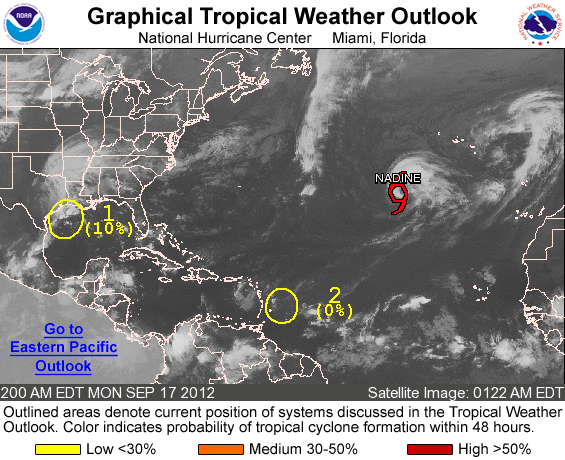
FOR THE NORTH ATLANTIC...CARIBBEAN SEA AND THE GULF OF MEXICO...

THE NATIONAL HURRICANE CENTER IS ISSUING ADVISORIES ON HURRICANE NADINE...LOCATED ABOUT 775 MILES WEST-SOUTHWEST OF THE AZORES.

1. DISORGANIZED SHOWERS AND THUNDERSTORMS OVER THE NORTHWESTERN GULF OF MEXICO AND SOUTHEASTERN TEXAS ARE ASSOCIATED WITH A WEAK SURFACE LOW PRESSURE AREA AND A LARGE UPPER-LEVEL TROUGH OF LOW PRESSURE. DUE TO STRONG UPPER-LEVEL WINDS...THIS DISTURBANCE HAS A LOW CHANCE...10 PERCENT...OF BECOMING A SUBTROPICAL OR TROPICAL CYCLONE BEFORE IT MOVES INLAND ALONG THE NORTH-CENTRAL GULF COAST BY EARLY TUESDAY. THIS SYSTEM...ALONG WITH AN APPROACHING COLD FRONT... COULD PRODUCE PERIODS OF LOCALLY HEAVY RAINFALL ALONG PORTIONS OF THE NORTHERN GULF COAST DURING THE NEXT DAY OR TWO.

2. SHOWER ACTIVITY ASSOCIATED WITH A WEAK LOW PRESSURE AREA ABOUT 250 MILES EAST OF THE WINDWARD ISLANDS REMAINS MINIMAL. ENVIRONMENTAL CONDITIONS ARE NOT CONDUCIVE FOR DEVELOPMENT...AND THIS SYSTEM HAS A LOW CHANCE...NEAR 0 PERCENT...OF BECOMING A TROPICAL CYCLONE DURING THE NEXT 48 HOURS AS IT MOVES WESTWARD AT AROUND 15 MPH.

ELSEWHERE...TROPICAL CYCLONE FORMATION IS NOT EXPECTED DURING THE NEXT 48 HOURS.

FORECASTER BEVEN